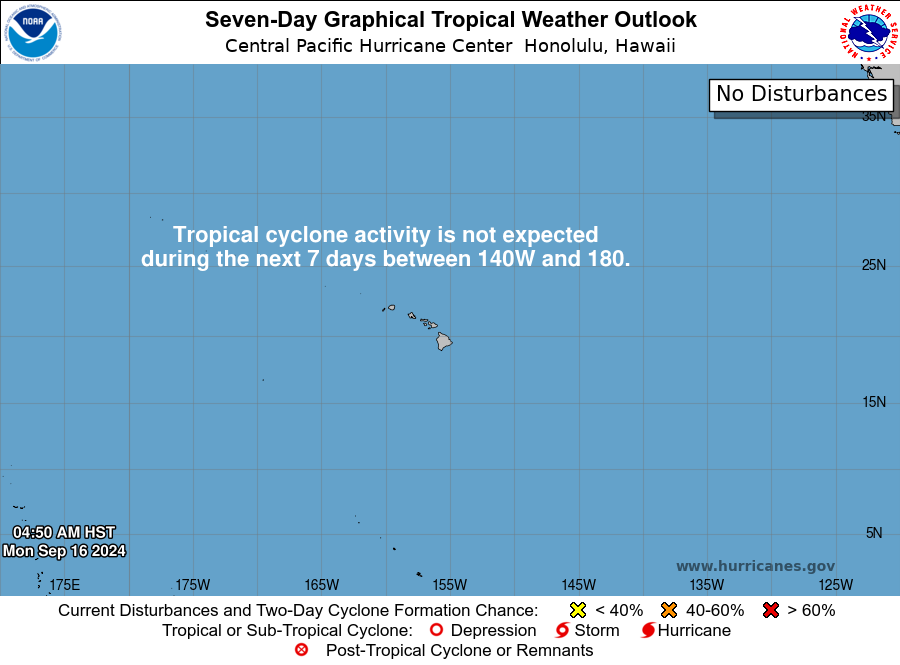
For the central North Pacific...between 140W and 180W:

No tropical cyclones are expected during the next 7 days.

Forecaster Shigesato